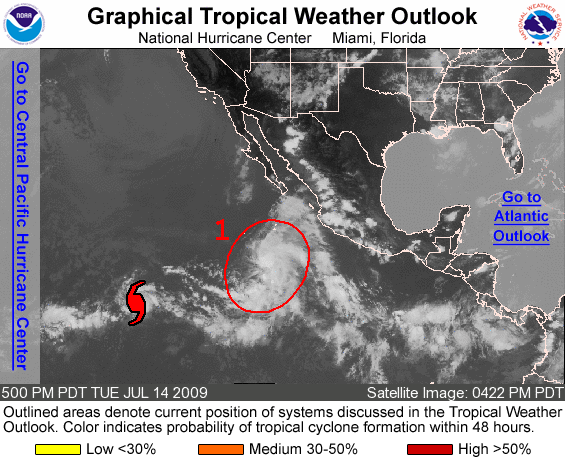
FOR THE EASTERN NORTH PACIFIC...EAST OF 140 DEGREES WEST LONGITUDE..

THE NATIONAL HURRICANE CENTER IS ISSUING ADVISORIES ON HURRICANE CARLOS...LOCATED ABOUT 1500 MILES SOUTHWEST OF THE SOUTHERN TIP OF BAJA CALIFORNIA.

1. THE LOW PRESSURE AREA LOCATED ABOUT 700 MILES SOUTH-SOUTHWEST OF THE SOUTHERN TIP OF BAJA CALIFORNIA HAS BECOME A LITTLE BETTER DEFINED TODAY. SHOWER AND THUNDERSTORM ACTIVITY IS CURRENTLY DISPLACED FROM THE CENTER...BUT ONLY A SLIGHT INCREASE IN ORGANIZATION WOULD RESULT IN THE FORMATION OF A TROPICAL CYCLONE. THERE IS A HIGH CHANCE...GREATER THAN 50 PERCENT...OF THIS SYSTEM BECOMING A TROPICAL CYCLONE DURING THE NEXT 48 HOURS.

ELSEWHERE...TROPICAL CYCLONE FORMATION IS NOT EXPECTED DURING THE NEXT 48 HOURS.

FORECASTER BROWN